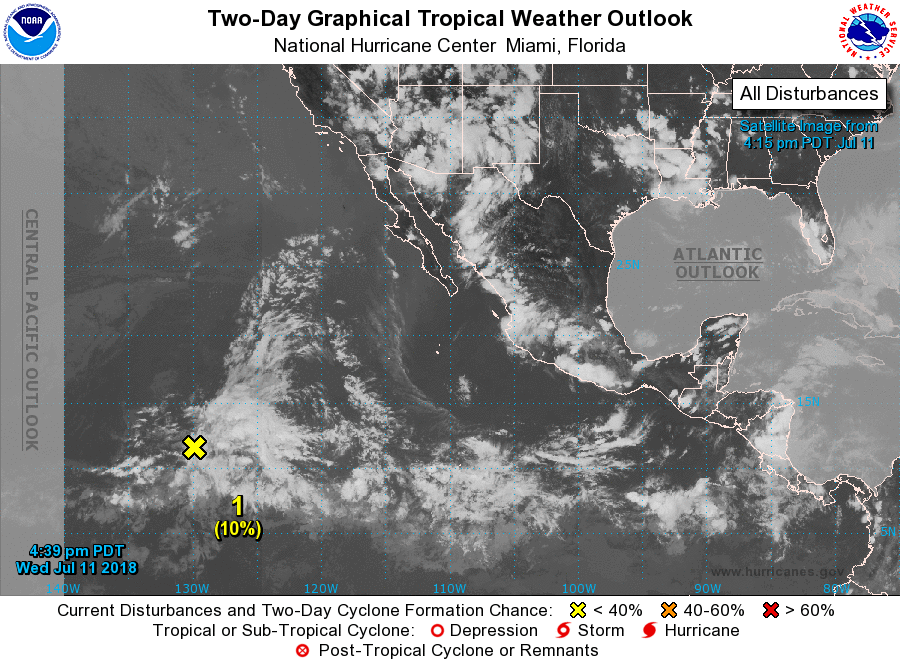
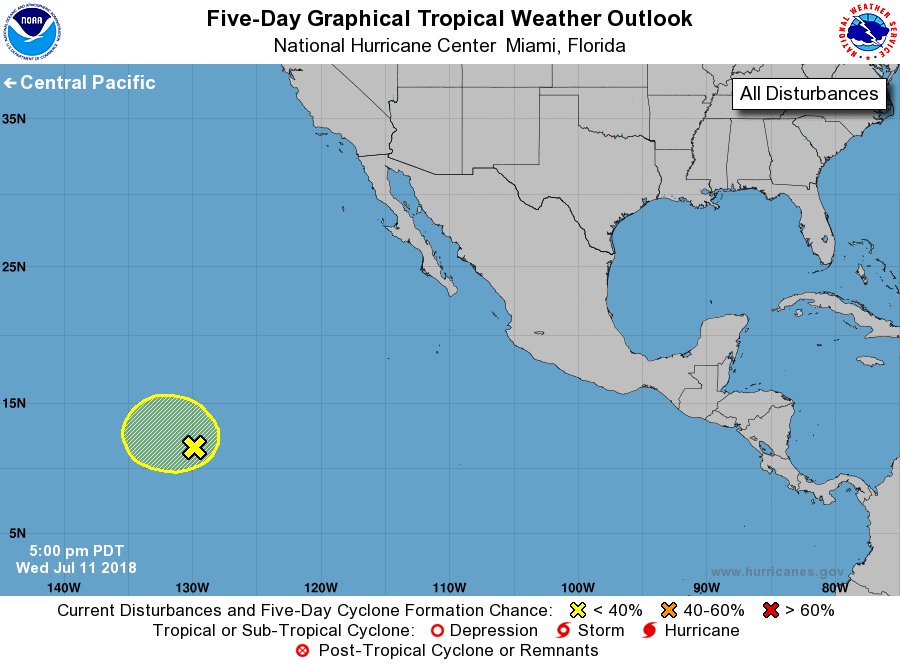
For the eastern North Pacific...east of 140 degrees west longitude:

1. A broad trough of low pressure located about 1500 miles southwest of the southern tip of the Baja California peninsula is producing disorganized showers and thunderstorms. Development, if any, is likely to be slow to occur as the system moves westward over the next several days due to marginal environmental conditions.
* Formation chance through 48 hours...low...10 percent
* Formation chance through 5 days...low...10 percent

Forecaster Pasch